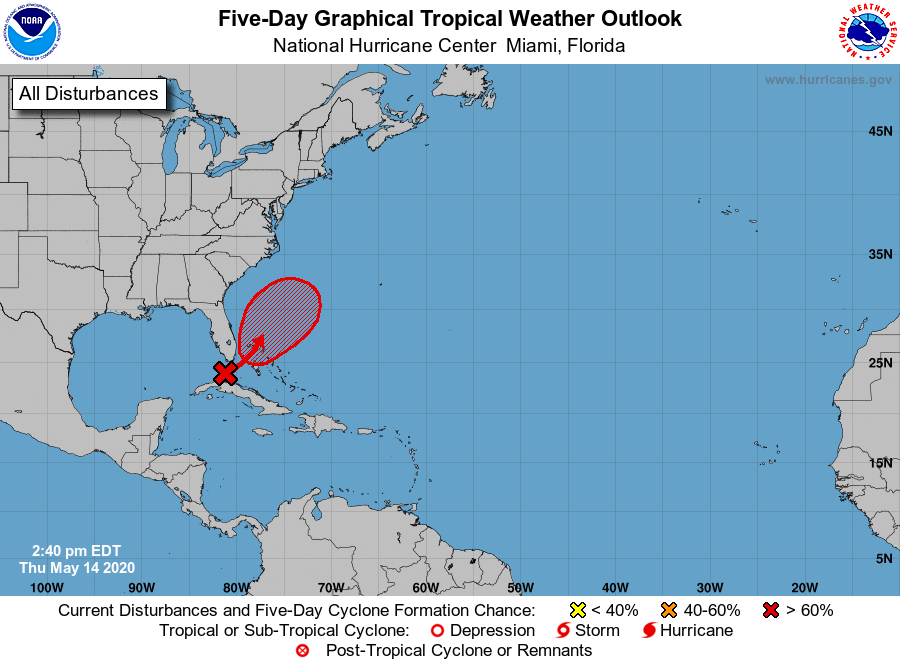
For the North Atlantic...Caribbean Sea and the Gulf of Mexico:

Special Tropical Weather Outlook issued to discuss the potential for tropical or subtropical development near the northwest Bahamas.

1. A trough of low pressure over the Straits of Florida is producing a large area of cloudiness and thunderstorms. Environmental conditions are expected to become conducive for development, and this system is likely to become a tropical or subtropical storm by late Friday or Saturday when it is located near the northwestern Bahamas. The system is then forecast to move generally northeastward over the western Atlantic early next week.

Regardless of development, the disturbance has the potential to bring heavy rainfall to portions of the Florida Keys, southeast Florida, and the Bahamas through Saturday. Tropical-storm-force wind gusts are also possible in the Florida Keys, southeast Florida, and the Bahamas during the next day or two. Hazardous marine conditions are also expected along the Florida east coast and in the Bahamas where Gale Warnings are in effect. See products from your local weather office and High Seas Forecasts for more details. An Air Force Reserve Hurricane Hunter aircraft is scheduled to investigate this system tomorrow, if necessary. The next Special Tropical Weather Outlook on this system will be issued by 9 PM EDT today, or earlier, if necessary.
* Formation chance through 48 hours...high...70 percent.
* Formation chance through 5 days...high...80 percent.

High Seas Forecasts issued by the National Weather Service can be found under AWIPS header NFDHSFAT1, WMO header FZNT01 KWBC, and available on the Web at ocean.weather.gov/shtml/NFDHSFAT1.shtml.

Forecaster Brown